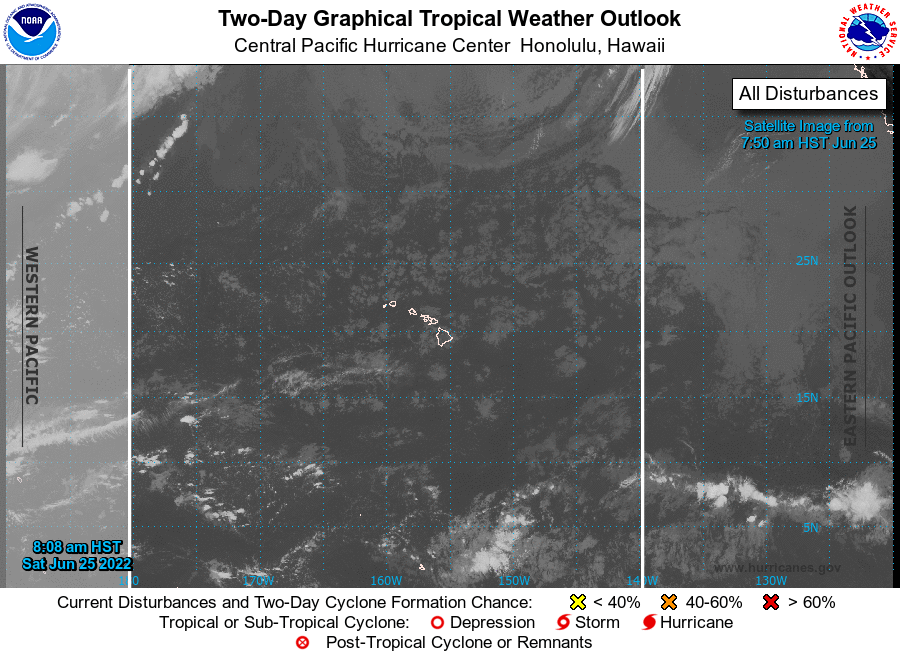
For the central North Pacific...between 140W and 180W:

No tropical cyclones are expected during the next 5 days.

Forecaster Wroe